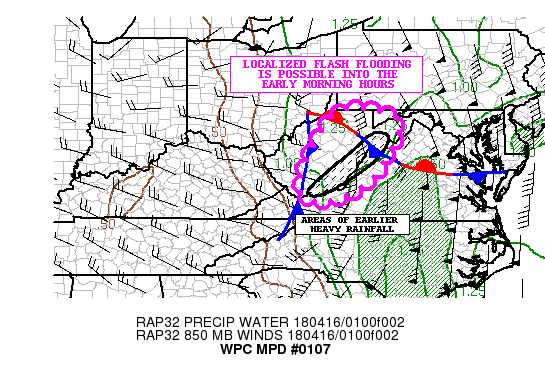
AREAS AFFECTED...WV...WESTERN VA

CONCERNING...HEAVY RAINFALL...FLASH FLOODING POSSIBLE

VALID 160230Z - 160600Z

SUMMARY...LOCALIZED FLASH FLOODING IS POSSIBLE IN THE EARLY
MORNING HOURS IN PLACES THAT RECEIVED HEAVY RAINFALL EARLIER.

DISCUSSION...REGIONAL RADARS SHOWED THE BACK EDGE OF THE HEAVY
RAINFALL ASSOCIATED WITH DEEP MOISTURE AND MARGINAL INSTABILITY
MOVING ACROSS SOUTHERN WV INTO FAR WESTERN VA. IN THESE
AREAS...1.00 TO 2.00 INCHES OF RAINFALL HAVE ALREADY
OCCURRED...PRODUCING WET ANTECEDENT CONDITIONS FOR THE NEXT BATCH
OF HEAVY RAINFALL LATE THIS EVENING INTO THE EARLY OVERNIGHT
HOURS.

POCKETS OF 100/250 J/KG OF MUCAPE REMAIN IN PLACE ACROSS WV LATE
THIS EVENING...AND A 30 TO 40 KNOT LOW LEVEL SOUTHERLY FLOW
CONTINUES TO SUPPLY 1.50 INCH PRECIPITABLE WATER TO MUCH OF
EASTERN WV AND FAR WESTERN VA. THE RESULTING LOW TOPPED CONVECTION
IS RESULTING IN HOURLY RAINFALL RATES AROUND 0.50 INCHES OVER
EASTERN WV. AS A COLD FRONT APPROACHES FROM THE WEST...THE LOW
TOPPED CONVECTION COULD PRODUCE LOCAL HOURLY RAINFALL RATES NEAR
AN INCH OVER PLACES LIKE HIGHLAND...PENDLETON AND RANDOLPH
COUNTIES THROUGH 16/06Z.

THE MOST RECENT HRRR SHOWED LOCAL 1.00/2.00 INCHES OF RAINFALL
OVER EASTERN WV AND FAR WESTERN VA THROUGH 16/06Z. WHILE THE
MOISTURE AND FORCING ARE IN PLACE...THE GENERAL LACK OF
INSTABILITY WOULD SUGGEST THAT ADDITIONAL RAINFALL AMOUNTS OF 2.00
INCHES MIGHT BE SPOTTY AT BEST.

THE ADDITIONAL RAINFALL...IN PLACES THAT RECEIVED HEAVY RAINFALL
SUNDAY AFTERNOON AND SUNDAY EVENING...COULD RESULT IN AN INCREASED
THREAT FOR FLASH FLOODING. SINCE THE CONVECTION IS NOT EXPECTED TO
BE WIDESPREAD...ONLY LOCALIZED FLASH FLOODING IS EXPECTED.
THEREFORE...FLASH FLOODING IS ONLY CONSIDERED POSSIBLE THROUGH
ABOUT 16/06Z.